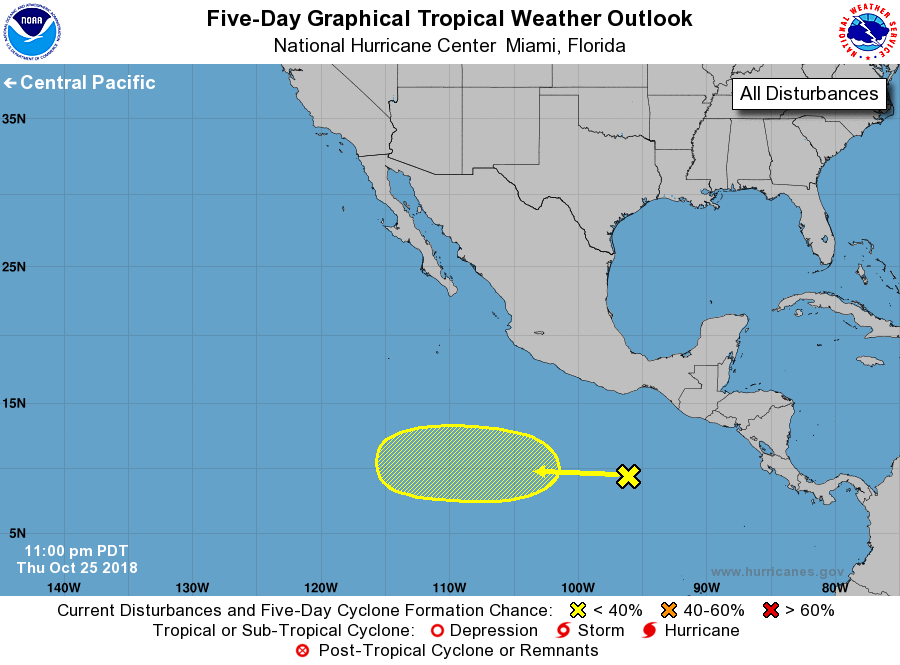
For the eastern North Pacific...east of 140 degrees west longitude:

1. A small area of disorganized showers and thunderstorms located several hundred miles south of the Gulf of Tehuantepec is associated with a trough of low pressure. Although nearby dry air is likely to limit development during the next couple of days, some slow organization of this disturbance is possible late this weekend and early next week while the system moves generally westward at 10 to 15 mph.
* Formation chance through 48 hours...low...near 0 percent.
* Formation chance through 5 days...low...20 percent.

Forecaster Cangialosi